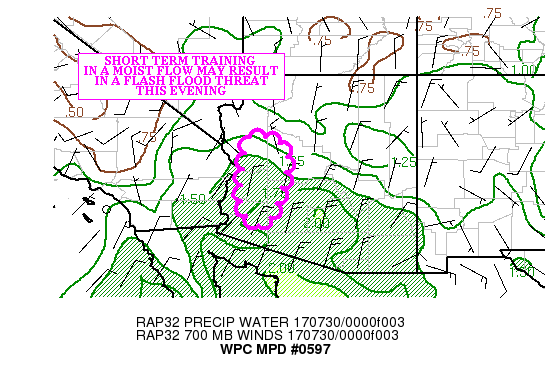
AREAS AFFECTED...WESTERN AZ

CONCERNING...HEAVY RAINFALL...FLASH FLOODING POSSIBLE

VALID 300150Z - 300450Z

SUMMARY...CONVECTION TRAINING IN AN AXIS OF DEEP MOISTURE COULD
RESULT IN A SHORT TERM FLASH FLOOD THREAT THROUGH LATE THIS
EVENING.

DISCUSSION...THE EXPERIMENTAL GOES-16 CLEAN IR LOOP SHOWED COOLING
CLOUD TOPS OVER WESTERN AZ...ON THE WEST SIDE OF A MID LEVEL RIDGE
OVER THE SOUTHWEST STATES. THE CONVECTION IS FORMING IN AN AXIS OF
1000-1500 J/KG OF SBCAPE (BASED ON THE 30/00Z KFGZ SOUNDING). THE
AXIS OF INSTABILITY IS COINCIDENT WITH A NARROW RIBBON OF
1.25/1.50 INCH PRECIPITABLE WATER AIR EXTENDING FROM SOUTHWEST AZ
INTO SOUTHERNMOST NV.

HOURLY RAINFALL RATES IN THE DEEP MOISTURE RIBBON ARE AS HIGH AS
1.50 INCHES (PER THE KFSX RADAR)...AND AS THE CONVECTION MOVES
SOUTHWARD WITH THE MEAN 850-300 MB WIND...TRAINING IS EXPECTED.
MUCH OF THE HIGH RESOLUTION GUIDANCE IS NOT DEPICTING THE FLASH
FLOOD THREAT WELL...WITH ONLY THE MOST RECENT HRRR SHOWING ANY
REFLECTION OF THE CONVECTION IN THE DEEP MOISTURE CHANNEL.

BASED ON RADAR TRENDS AND THE POTENTIAL FOR TRAINING...LOCAL 2.00
TO 3.00 INCH RAINFALL AMOUNTS ARE POSSIBLE ACROSS PORTIONS OF
WESTERN AZ. ONE AND THREE HOUR FLASH FLOOD GUIDANCE VALUES ARE AS
LOW AS AN INCH OVER THIS AREA...SO ANY TRAINING COULD RESULT IN A
FLASH FLOOD THREAT THROUGH LATE EVENING.